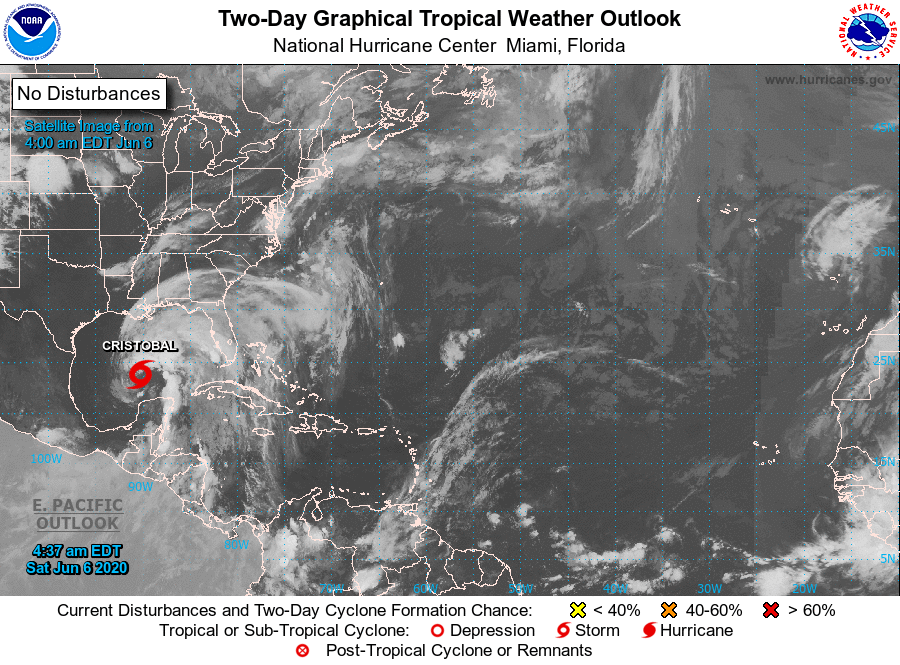
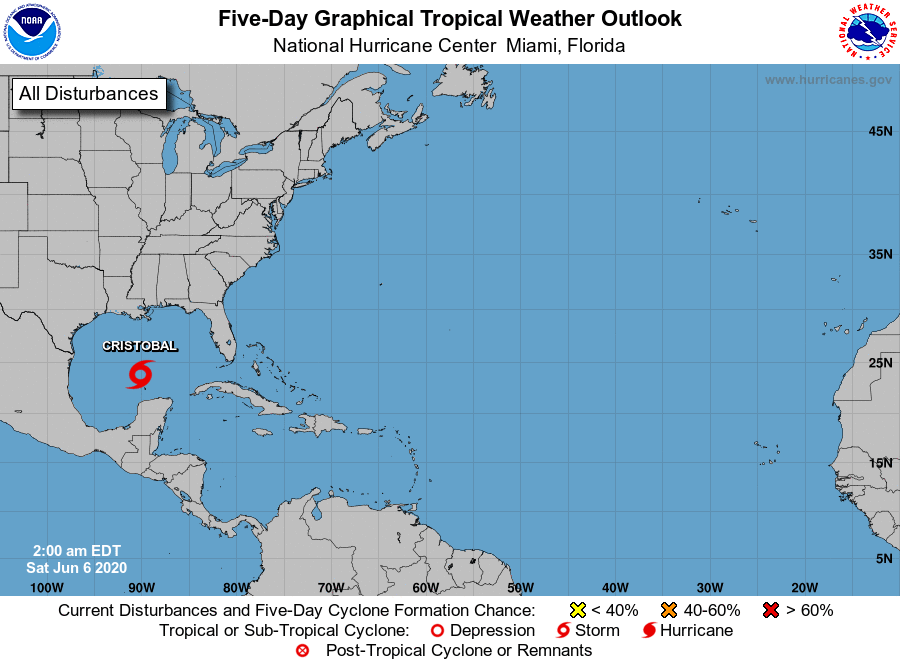
For the North Atlantic...Caribbean Sea and the Gulf of Mexico:

The National Hurricane Center is issuing advisories on Tropical Storm Cristobal, centered over the south-central Gulf of Mexico.

Tropical cyclone formation is not expected during the next 5 days.

Forecaster Zelinsky